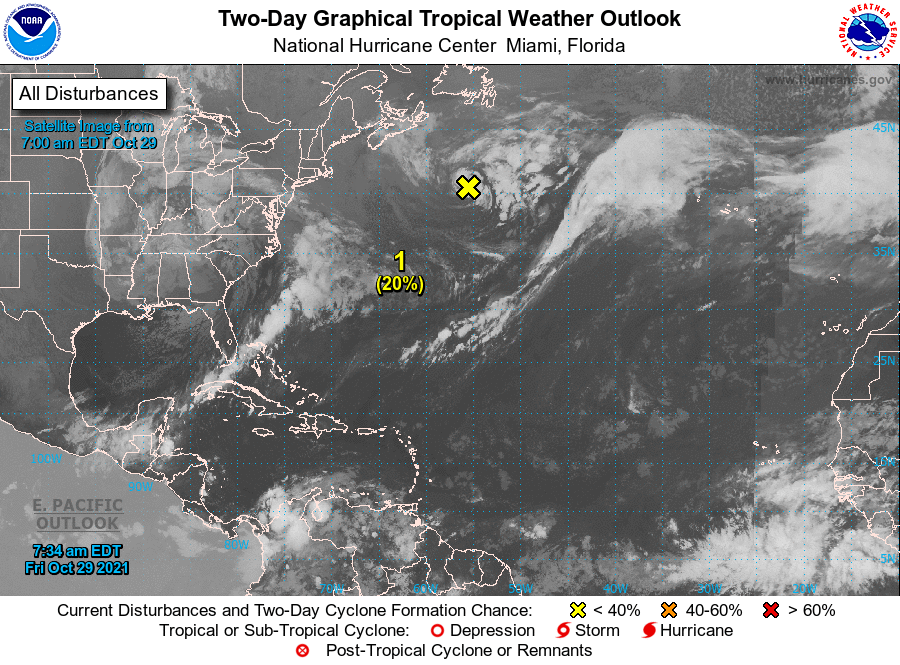
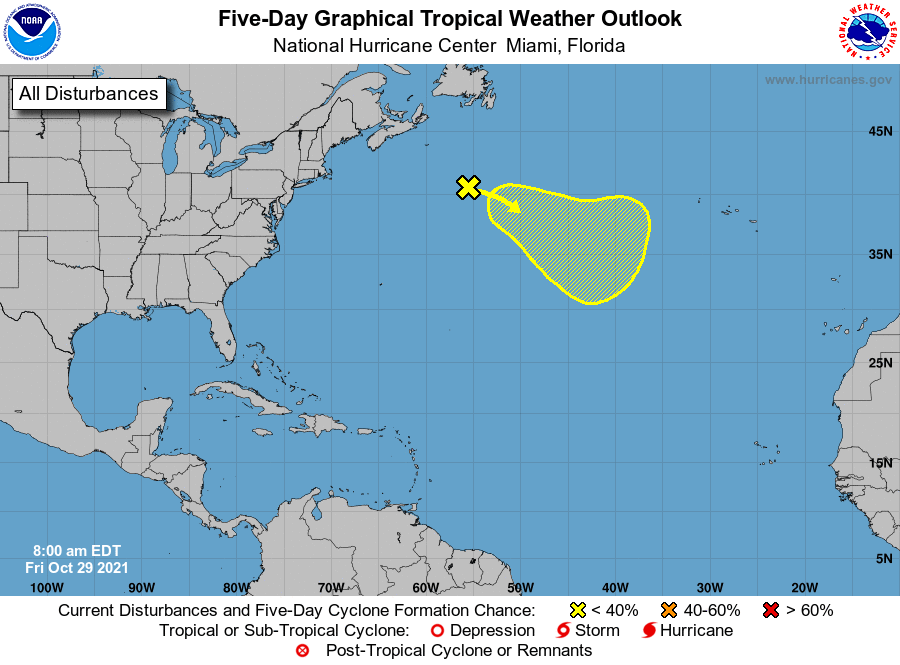
For the North Atlantic...Caribbean Sea and the Gulf of Mexico:

1. A strong low pressure system located several hundred miles south-southwest of Cape Race, Newfoundland is producing showers and a few thunderstorms. However, the low is still attached to a front and therefore remains nontropical. The low is expected to move eastward and then southeastward toward slightly warmer warmers during the next few days, and it could lose its associated fronts and acquire some subtropical characteristics over the weekend or early next week while over the central Atlantic. For more information on this system, including gale warnings, see High Seas Forecasts issued by the National Weather Service.
* Formation chance through 48 hours...low...20 percent.
* Formation chance through 5 days...low...30 percent.

High Seas Forecasts issued by the National Weather Service can be found under AWIPS header NFDHSFAT1, WMO header FZNT01 KWBC, and online at ocean.weather.gov/shtml/NFDHSFAT1.php

Forecaster Reinhart